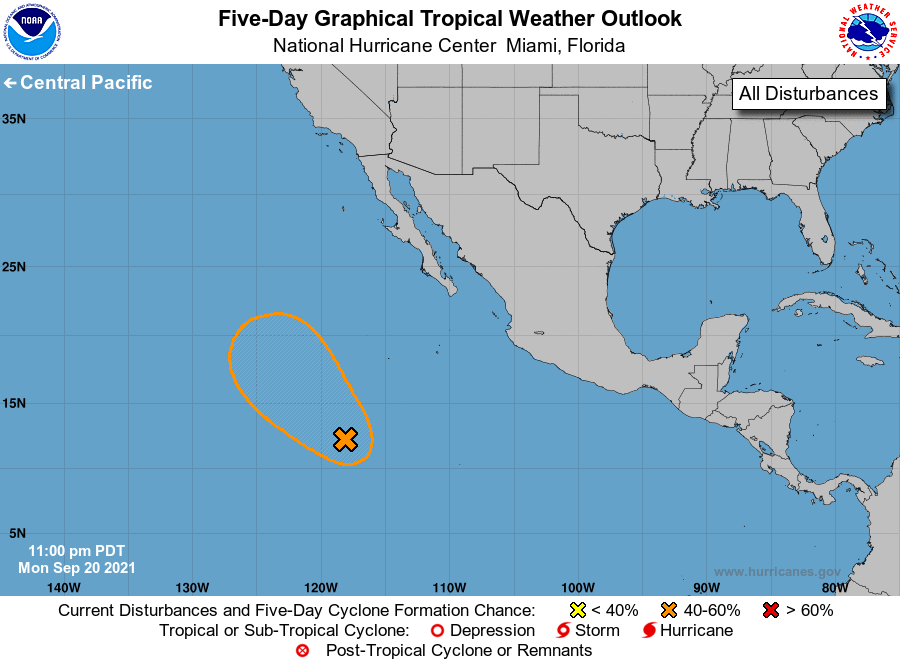
For the eastern North Pacific...east of 140 degrees west longitude:

1. A broad area of low pressure located about 900 miles southwest of the southern tip of the Baja California peninsula is producing disorganized shower activity. Environmental conditions are forecast to be somewhat conducive for development, and a tropical depression could form within the next few days while the system moves generally northwestward at 10 to 15 mph. By late Friday, however, the system is forecast to move over cooler waters and into a stable environment, which should inhibit further development.
* Formation chance through 48 hours...low...20 percent.
* Formation chance through 5 days...medium...40 percent.

Forecaster Cangialosi